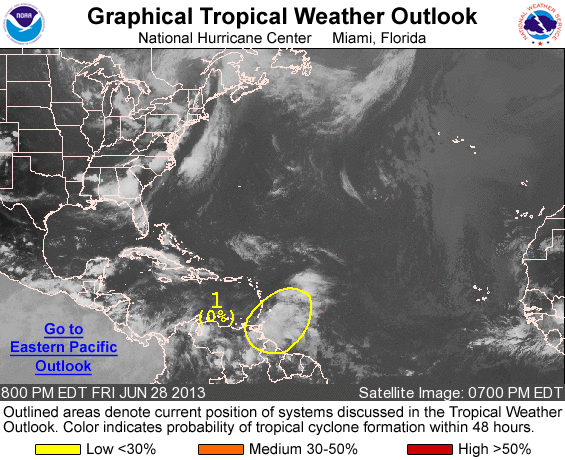
FOR THE NORTH ATLANTIC...CARIBBEAN SEA AND THE GULF OF MEXICO...

1. A TROPICAL WAVE LOCATED NEAR THE LESSER ANTILLES IS PRODUCING AN AREA OF DISORGANIZED SHOWERS AND THUNDERSTORMS. UPPER-LEVEL WINDS ARE NOT FAVORABLE FOR DEVELOPMENT...AND THIS SYSTEM HAS A LOW CHANCE...NEAR 0 PERCENT...OF BECOMING A TROPICAL CYCLONE DURING THE NEXT 48 HOURS AS IT MOVES WEST-NORTHWESTWARD AT AROUND 20 MPH. REGARDLESS OF DEVELOPMENT...GUSTY WINDS AND LOCALLY HEAVY RAINS ARE EXPECTED TO SPREAD ACROSS PORTIONS OF THE LESSER ANTILLES AND NORTHEASTERN VENEZUELA TONIGHT.

ELSEWHERE...TROPICAL CYCLONE FORMATION IS NOT EXPECTED DURING THE NEXT 48 HOURS.

FORECASTER BRENNAN